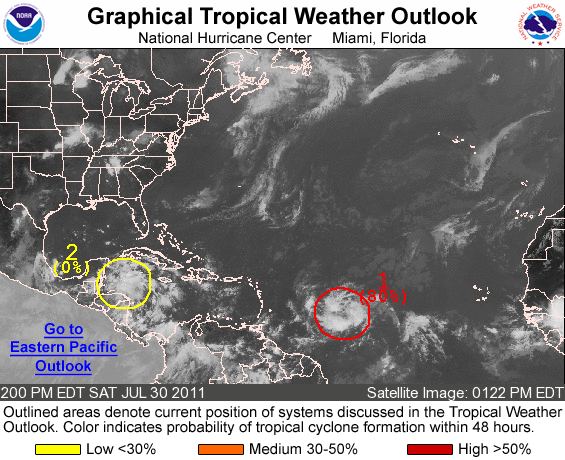
FOR THE NORTH ATLANTIC...CARIBBEAN SEA AND THE GULF OF MEXICO...

1. SHOWERS AND THUNDERSTORMS ASSOCIATED WITH A LARGE LOW PRESSURE SYSTEM LOCATED ABOUT 900 MILES EAST OF THE LESSER ANTILLES CONTINUE TO SHOW SIGNS OF ORGANIZATION. ENVIRONMENTAL CONDITIONS APPEAR FAVORABLE FOR A TROPICAL DEPRESSION TO FORM OVER THE NEXT COUPLE OF DAYS. THIS SYSTEM HAS A HIGH CHANCE...80 PERCENT...OF BECOMING A TROPICAL CYCLONE DURING THE NEXT 48 HOURS AS IT MOVES WEST-NORTHWESTWARD AT 15 TO 20 MPH.

2. A TROPICAL WAVE OVER THE NORTHWESTERN CARIBBEAN SEA CONTINUES TO PRODUCE DISORGANIZED SHOWER AND THUNDERSTORM ACTIVITY. THIS SYSTEM WILL LIKELY BRING LOCALLY HEAVY RAINFALL TO PORTIONS OF CENTRAL AMERICA AND MEXICO THROUGH THE WEEKEND AS IT MOVES WESTWARD NEAR 15 MPH. HOWEVER...NO SIGNIFICANT DEVELOPMENT IS EXPECTED DUE TO ITS INTERACTION WITH LAND. THIS SYSTEM HAS A LOW CHANCE...NEAR 0 PERCENT...OF BECOMING A TROPICAL CYCLONE DURING THE NEXT 48 HOURS.

ELSEWHERE...TROPICAL CYCLONE FORMATION IS NOT EXPECTED DURING THE NEXT 48 HOURS.

FORECASTER BEVEN